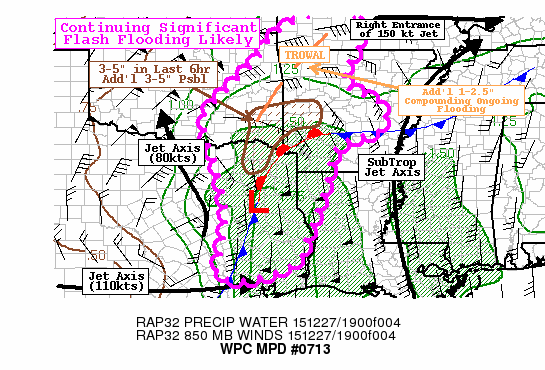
AREAS AFFECTED...SW MISSOURI...W ARKANSAS...E OKLAHOMA...NE
TEXAS...W LOUISIANA

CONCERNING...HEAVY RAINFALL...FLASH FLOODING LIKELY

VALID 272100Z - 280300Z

SUMMARY...SIGNIFICANT FLASH FLOODING TO CONTINUE WITH ADDITIONAL
2-5" TOTALS OVER THE NEXT 6 HRS.

DISCUSSION...WV LOOP SHOWS UPPER LOW IS BEGINNING TO ADVANCE A BIT
FURTHER EAST WITH NEGATIVE TILT OF THE HEIGHT FALLS SPREADING
ACROSS CENTRAL TX AT THIS TIME.  CURRENTLY A N-S ORIENTED COLD
FRONT EXTENDS FROM JUST WEST OF HOUSTON METRO TOWARD DEEPENING
SURFACE LOW NEAR GGG/TYR. SATELLITE DERIVED WINDS AND RAP ANALYSIS
ALSO INDICATES THAT JET AXIS/ENERGY IS ALSO STARTING TO WRAP
AROUND THE NEG. TILTED BASE WITH 90KT LEFT ENTRANCE SITUATED
ACROSS NE TX INTO OK... WHILE DISTANT RIGHT ENTRANCE DYNAMIC OVER
MO/IL SUPPORTS CONTINUED UVV INTO THE NORTHWARD EXPANDING TROWAL
OVER E OK/NW AR INTO SW MO.  WITH THE ENERGY ROTATING AROUND THE
BASE..SURFACE WINDS WILL BEGIN TO BACK ACROSS CENT/S TX AND
INCREASING FORWARD ADVANCEMENT OF THE SOUTHERN PORTION OF THE COLD
WHILE CONCURRENTLY DEEPENING THE SURFACE LOW ALLOWING FOR IT ACT
AS A PIVOT POINT AND CONFLUENCE ZONE ACROSS SE OK/SW AR (OUACHITA
MTN RANGE)...WHICH IS REFLECTED WELL IN RECENT RAP BOUNDARY LAYER
MST CONVERGENCE FIELDS.  NEAR 3+ STANDARD DEVIATIONS OF MOISTURE
AND MST FLUX INTO THIS REGION ON 50-60 KT LLJ TRANSPORTING
1.75-2.0" TPWS ALONG WITH CONTINUED SKINNY PROFILES FOR 1000-1500
J/KG OF SBCAPES TO MAIN SUPPORT OF CONVECTION ALONG FRONTAL ZONE
WHILE SIMULTANEOUSLY ISENTROPICALLY LIFTING IT ACROSS THE SAGGED
COLD FRONT ACROSS CENTRAL AR THAT CONNECTS TO THE LOW.

THIS WILL CONTINUE TO SUPPORT CONVECTION CAPABLE OF UP TO 1.5"/HR
LEADING TO AN ADDITIONAL 3-5" 6HR TOTALS ACROSS E TX INTO THE
TRIPLE POINT LOCATION IN SE OK/W AR.  THIS WILL COMPOUND ONTO THE
3-4" TOTALS SEEN OVER THE OUACHITA MOUNTAINS IN THE LAST 6HRS AS
WELL...LEADING TO SIGNIFICANT LIFE THREATENING FLASH FLOODING.
OVERALL THIS SCENARIO IS WELL SUPPORTED IN THE MODEL GUIDANCE
PARTICULARLY THE RECENT HRRR AND ESRL EXP HRRR...GEM
REGIONAL...ARW AND NMMB.

FURTHER NORTH...WITH DEEP SOUTHERLY MOISTURE TRANSPORT ACROSS THE
FRONT WITHIN INCREASINGLY DIFFLUENT UPPER LEVEL PATTERN ACROSS NE
OK/SW MO/NW AR... ADDITIONAL 1-2" TOTALS WITHIN THE WELL DEFINED
AND EXPANDING TROWAL...WILL ALSO COMPOUND ONGOING FLOODING
SITUATION ACROSS THIS REGION AS WELL.